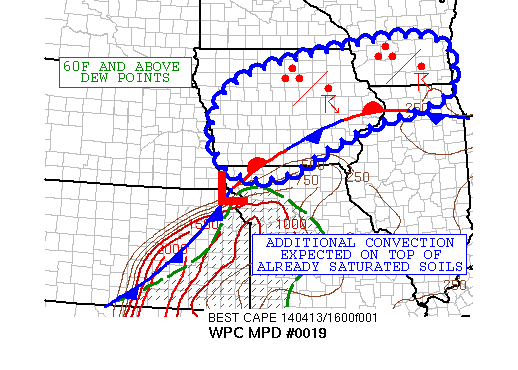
AREAS AFFECTED...NORTHWESTERN MO/IA/SOUTHERN WI/NORTHERN IL...

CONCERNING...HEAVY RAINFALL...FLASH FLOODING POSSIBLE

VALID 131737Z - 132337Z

SUMMARY...SHOWERS AND THUNDERSTORMS DEVELOPING OVER THE CENTRAL
PLAINS ARE EXPECTED TO MOVE INTO THE MIDDLE MS VALLEY THIS
AFTERNOON/EVENING WITH FLASH FLOODING POSSIBLE WITHIN HEAVIER
CONVECTIVE ELEMENTS.

DISCUSSION...THE CURRENT DOPPLER RADAR DEPICTS A BROAD REGION OF
ELEVATED CONVECTION OCCURRING ACROSS MUCH OF IA AND INTO NORTHERN
IL. WHILE RAINFALL AMOUNTS HAVE NOT BE THAT HEAVY THIS
MORNING...THE GROUNDS ARE FAIRLY SATURATED AFTER 2 TO 3 INCHES
FELL OVER THE REGION OVERNIGHT.

THE 17Z SURFACE ANALYSIS SHOWED A WAVY FRONTAL BOUNDARY EXTENDING
FROM EASTERN KS UP THROUGH SOUTHERN IA AND INTO NORTHERN IL. THE
16Z RAP ANALYSIS DEPICTED THE WARM/MOIST SECTOR BEING VERY
UNSTABLE AND UNCAPPED WITH NUMEROUS THUNDERSTORMS DEVELOPING ALONG
AND AHEAD OF THE COLD FRONT. ADDITIONAL DEVELOPMENT SHOULD
CONTINUE AS A STRONG SHORTWAVE SLIDES EASTWARD AWAY FROM THE
CENTRAL HIGH PLAINS. THE UPPER PATTERN CONTINUES TO REMAIN VERY
DIFFULENT ALOFT WITH A COUPLED JET STRUCTURE EVIDENT IN THE 250-MB
ANALYSIS. IN TIME...THE LOW-LEVEL MOISTURE ADVECTION SHOULD
CONTINUE TO INCREASE AS THE 500-MB HEIGHT FALLS MIGRATE EASTWARD.
RECENT MODELS SUGGEST THE WINDS WILL BEGIN TO BACK WHICH WILL SLOW
THE EASTWARD TRANSLATION OF THE INDIVIDUAL THUNDERSTORM COMPLEXES.
THIS WILL FAVOR PERIODS OF TRAINING/BACKBUILDING CONVECTION THIS
AFTERNOON AND EVENING AS THE ACTIVITY RAMPS UP.

WHILE IN DISAGREEMENT WITH REGARD TO EXACT PLACEMENT...THE
HIGH-RESOLUTION MODELS ALL DEPICT HEAVY RAINFALL ACROSS THE MID MS
VALLEY DURING THE NEXT SEVERAL HOURS WITH RAINFALL RATES OF 1 TO
1.50 INCHES POSSIBLE.